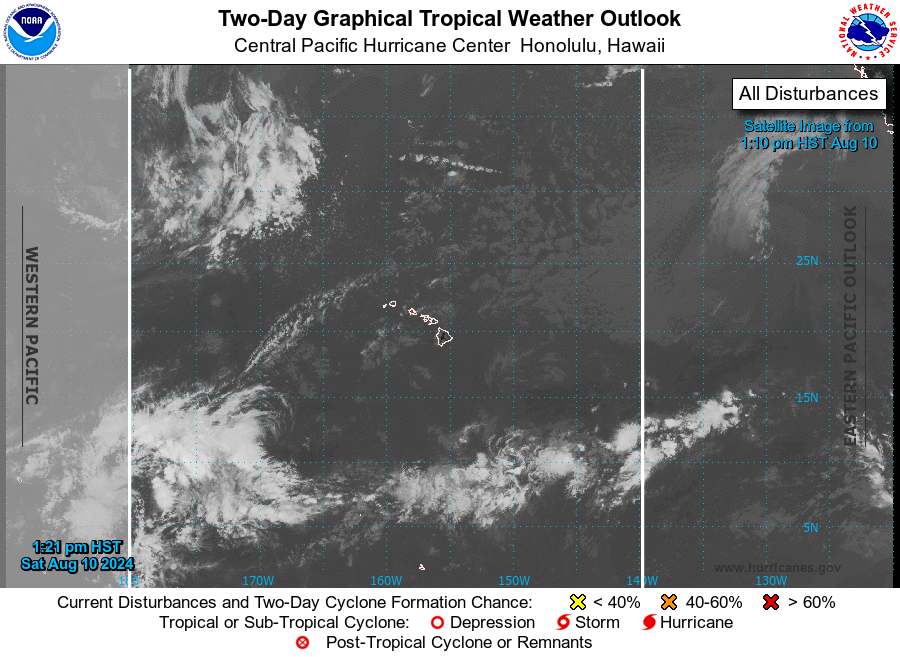
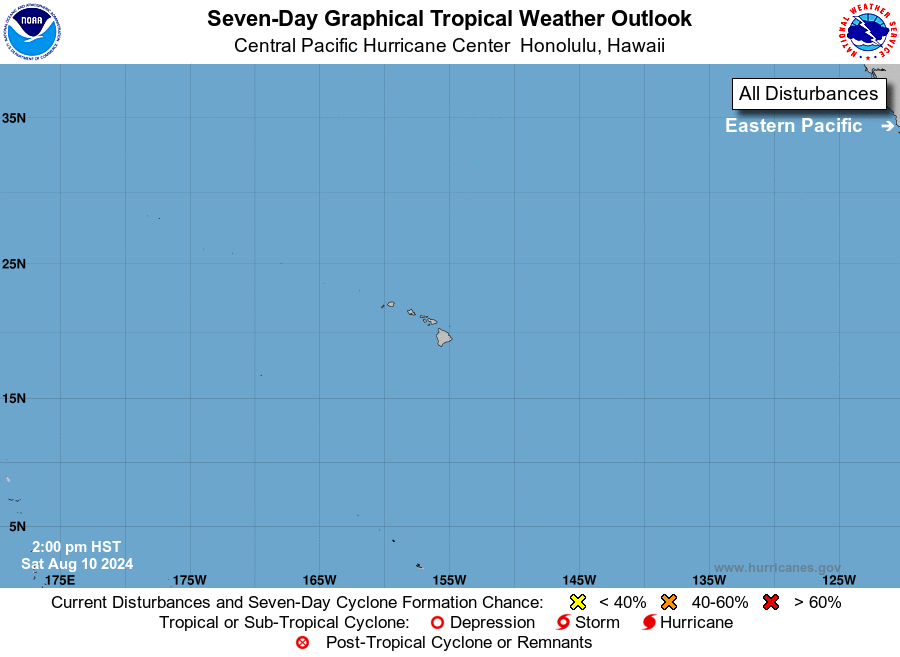
For the central North Pacific...between 140W and 180W:

No tropical cyclones are expected through the next 7 days.

Forecaster Vaughan